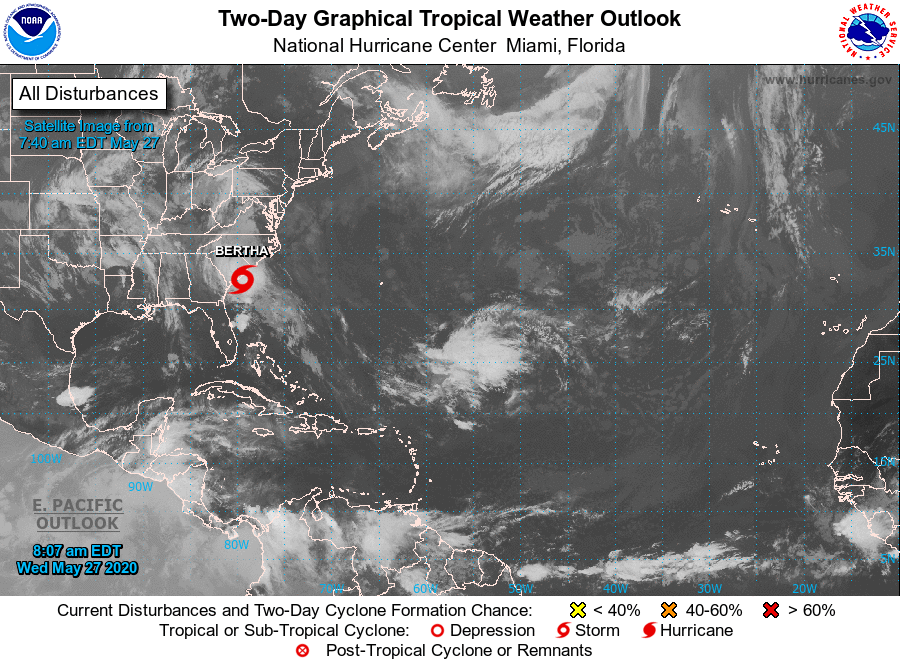
For the North Atlantic...Caribbean Sea and the Gulf of Mexico:

Special Tropical Weather Outlook issued to discuss the area of low pressure near the southeast U.S. coast.

Radar imagery indicates that the area of disturbed weather located just offshore the South Carolina Coast has become significantly better organized over the past few hours. Reports from an offshore buoy are showing that this system is producing tropical-storm-force winds. If these development trends continue, then this system is likely to become a tropical storm before it moves inland later today.

Heavy rainfall could cause flash flooding over portions of the Carolinas today. Gusty winds could also produce rough marine conditions and life-threatening surf and rip currents along the coasts of Georgia and the Carolinas through today.

1. For additional information, see products from your local National Weather Service office. The next Special Tropical Weather Outlook on this system will be issued by 3PM EDT Wednesday, or earlier if necessary.
* Formation chance through 48 hours...high...70 percent.
* Formation chance through 5 days...high...70 percent.

Forecaster Latto